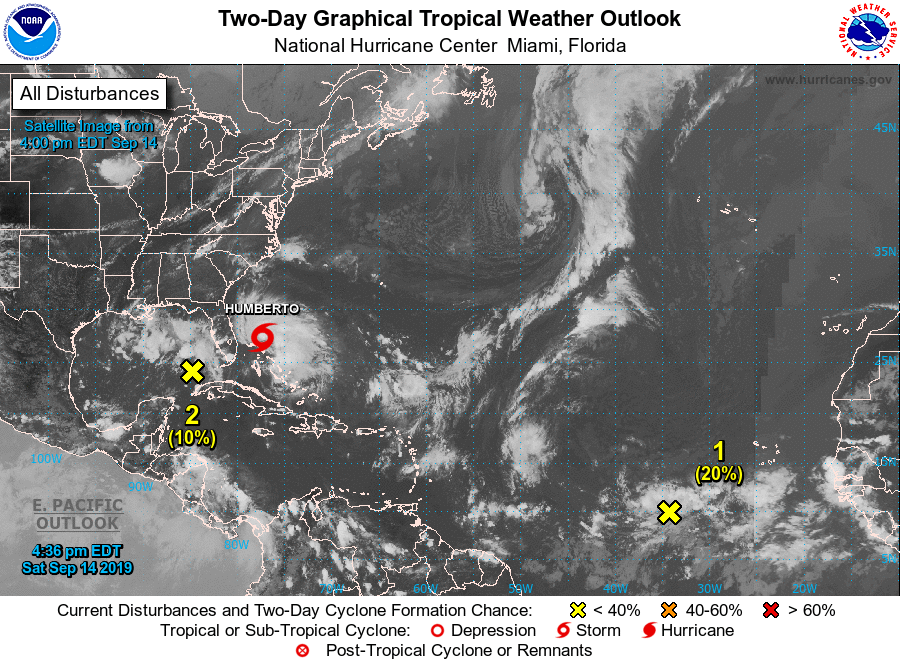
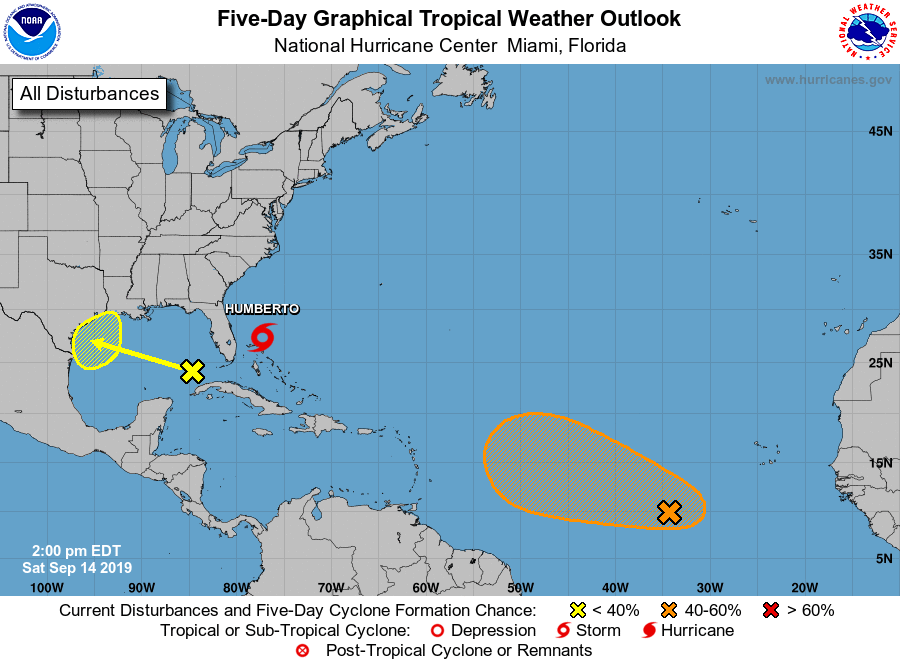
For the North Atlantic...Caribbean Sea and the Gulf of Mexico:

The National Hurricane Center is issuing advisories on Tropical Storm Humberto, centered just east-northeast of the northwestern Bahamas.

1. An elongated area of disturbed weather is located about 750 miles southwest of the Cabo Verde Islands. Gradual development of this system is possible during the next several days, and a tropical depression could form by the middle of next week while it moves westward across the tropical Atlantic.
* Formation chance through 48 hours...low...20 percent.
* Formation chance through 5 days...medium...60 percent.

2. A large area of cloudiness and showers over the eastern Gulf of Mexico is associated with an upper-level low and a weak surface trough. Only slow development of this system is likely during the next couple of days while it moves westward over the western Gulf of Mexico. This system is forecast to move inland along the northwestern Gulf coast by late Monday or Tuesday and development is not expected after that time.
* Formation chance through 48 hours...low...10 percent.
* Formation chance through 5 days...low...30 percent.

Forecaster Brown